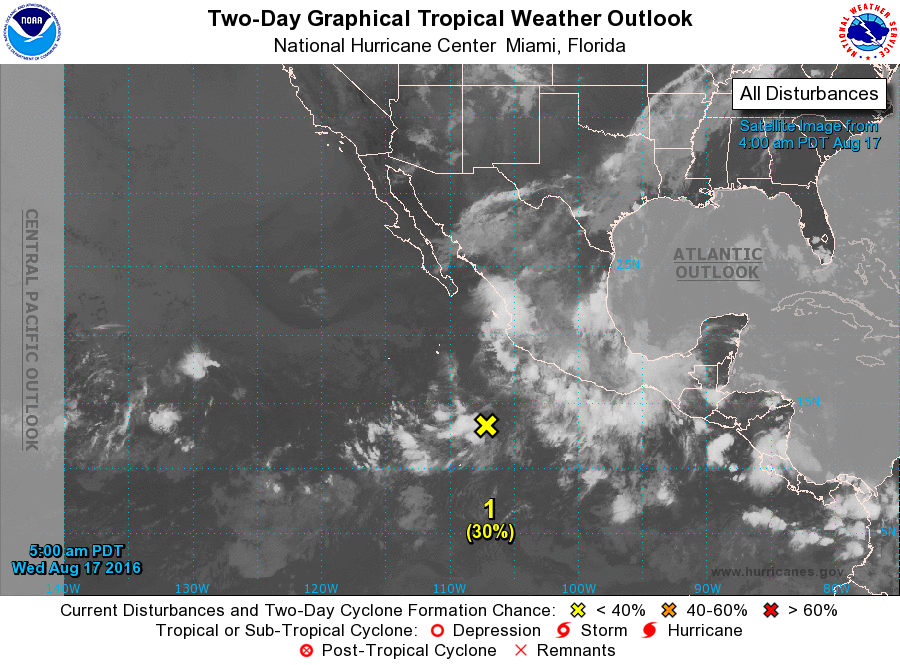
For the eastern North Pacific...east of 140 degrees west longitude:

1. An area of low pressure, located about 430 miles south-southwest of Manzanillo, Mexico, is producing disorganized showers and thunderstorms. Upper-level winds are marginally conducive for some slow development of this system during the next few days while it moves generally northwestward.
* Formation chance through 48 hours...low...30 percent
* Formation chance through 5 days...medium...50 percent

Forecaster Roberts